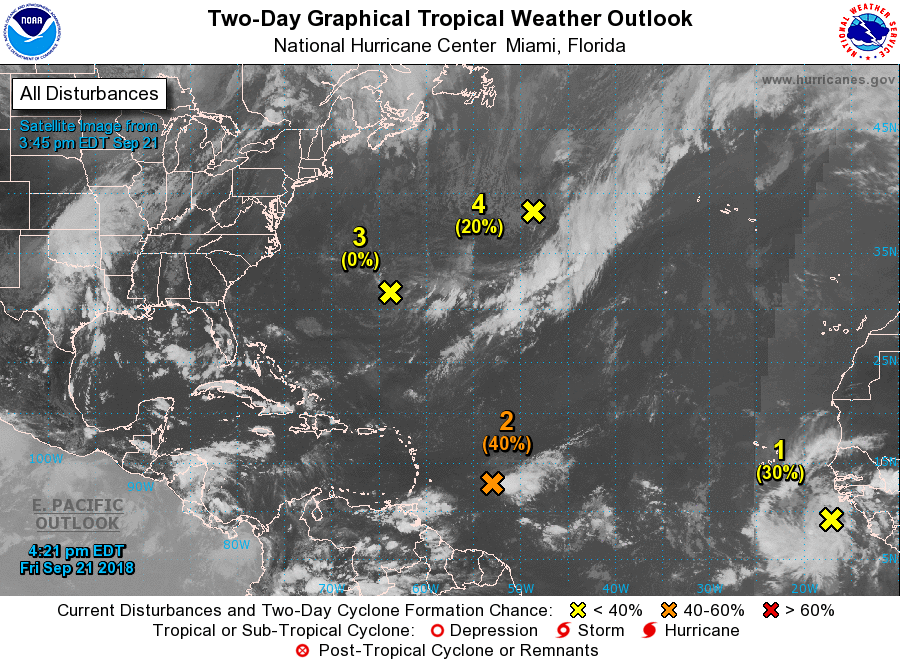
For the North Atlantic...Caribbean Sea and the Gulf of Mexico:

Special outlook to update probabilities on the disturbance east of the Windward Islands.

1. A low pressure system, associated with a tropical wave, is located about 600 miles south-southeast of the Cabo Verde Islands. Although the showers and thunderstorms have decreased this afternoon, this system is still showing signs of organization. The environmental conditions are forecast to be conducive for slow development, and a tropical depression could form early next week while the system moves westward at 15 to 20 mph across the low latitudes of the eastern and central tropical Atlantic Ocean.
* Formation chance through 48 hours...low...30 percent.
* Formation chance through 5 days...medium...60 percent.

2. Updated: Shower and thunderstorm activity associated with a well-defined low pressure system located about 500 miles east of the Windward Islands has become better organized over the past few hours, and a tropical depression could form later tonight or Saturday. Strong upper-level winds and dry air are likely to prevent additional development of this system by late this weekend while it moves west-northwestward to northwestward at around 10 mph.
* Formation chance through 48 hours...medium...40 percent.
* Formation chance through 5 days...medium...40 percent.

3. A broad area of low pressure located about 100 miles southeast of Bermuda is producing minimal shower activity. Development of this system is not expected during the next couple of days due to dry air and strong upper-level winds. However, environmental conditions could become more conducive for slow development when the system moves over the southwestern Atlantic Ocean during the early and middle part of next week.
* Formation chance through 48 hours...low...near 0 percent.
* Formation chance through 5 days...low...30 percent.

4. A non-tropical low pressure system is forecast to develop tonight or on Saturday over the central subtropical Atlantic Ocean midway between Bermuda and the Azores. Conditions are expected to be conducive for the low to acquire subtropical or tropical characteristics, and a subtropical or tropical cyclone is likely to form late this weekend or early next week while the low meanders over the central Atlantic Ocean.
* Formation chance through 48 hours...low...20 percent.
* Formation chance through 5 days...high...70 percent.

Forecaster Zelinsky